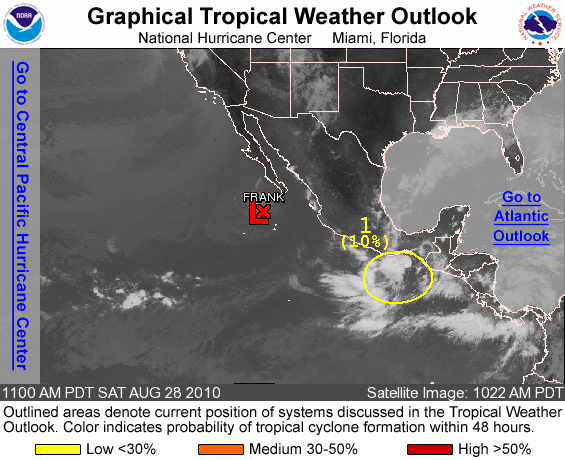
FOR THE EASTERN NORTH PACIFIC...EAST OF 140 DEGREES WEST LONGITUDE..

THE NATIONAL HURRICANE CENTER HAS ISSUED THE LAST ADVISORY ON TROPICAL DEPRESSION FRANK...LOCATED ABOUT 210 MILES SOUTHWEST OF THE SOUTHERN TIP OF BAJA CALIFORNIA.

1. SHOWERS AND THUNDERSTORMS ASSOCIATED WITH A WEAK AREA OF LOW PRESSURE ARE LOCATED SEVERAL HUNDRED MILES SOUTHEAST OF ACAPULCO MEXICO. THIS ACTIVITY REMAINS DISORGANIZED...BUT SOME SLOW DEVELOPMENT IS POSSIBLE OVER THE NEXT COUPLE OF DAYS AS THE SYSTEM MOVES WESTWARD TO WEST-NORTHWESTWARD AT 10 TO 15 MPH. THERE IS A LOW CHANCE...10 PERCENT...OF THIS SYSTEM BECOMING A TROPICAL CYCLONE DURING THE NEXT 48 HOURS.

ELSEWHERE...TROPICAL CYCLONE FORMATION IS NOT EXPECTED DURING THE NEXT 48 HOURS.

FORECASTER KIMBERLAIN